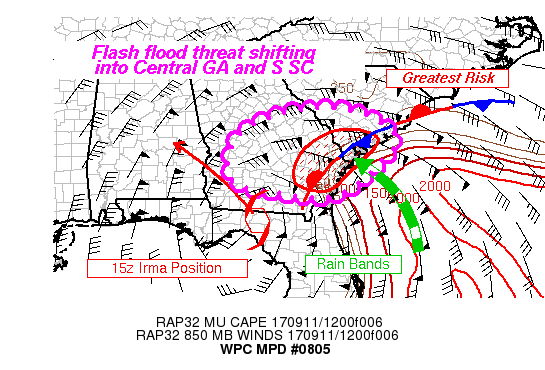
AREAS AFFECTED...SE AND CENTRAL GEORGIA AND SOUTHERN SC

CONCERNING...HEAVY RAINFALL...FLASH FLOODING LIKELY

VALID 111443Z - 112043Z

SUMMARY...FLASH FLOODING LIKELY TO THE NORTH AND NORTHEAST OF
IRMA'S TRACK WITH THE GREATEST RISK FROM CENTRAL GEORGIA TO
SOUTHERN SOUTH CAROLINA.

DISCUSSION...DRY AIR CONTINUES TO WRAP AROUND THE SOUTHEAST AND
SOUTH SIDE OF IRMA ...AS EVIDENT IN LATEST GOES 16 RGB AIRMASS
PRODUCTS...BRINGING A QUICK END TO PRECIPITATION SOUTH OF THE
CENTER. THESE PRODUCTS ALSO SHOW A COOLING OF CLOUD TOPS TO THE
NORTHEAST OF THE LOW CENTER WHERE CONVECTION WILL REINVIGORATE
INTO THIS AFTERNOON. THE THREAT AREA WILL SHIFT TO THE NORTH WITH
PERSISTENT RAIN BANDS BRINGING HIGH RAINFALL RATES TO COASTAL
AREAS OF SOUTHEAST GEORGIA AND SOUTHERN SOUTH CAROLINA AND INTO
CENTRAL GEORGIA WHERE THE RAIN BANDS WILL LIFT OVER THE COASTAL
FRONT.

THESE RAIN BANDS CONTINUE TO REFIRE IN STRONG CONVERGENT FLOW
TAPPING INTO OFFSHORE INSTABILITY OF 1000-2000 J/KG CAPE. LOW
LEVEL INFLOW IS EXPECTED TO INCREASE THIS AFTERNOON AS THE MAIN
CIRCULATION OF IRMA MOVES CLOSER TO THE AREA BEFORE TURNING TO THE
NORTHWEST. AS IRMA BEGINS TO TAKE A MORE WESTERLY COMPONENT THESE
RAIN BANDS WILL SLOW THEIR NORTHWARD PROGRESSION AND POSSIBLY EVEN
STALL. A STRONG COASTAL FRONT ACROSS SOUTHEAST GEORGIA AND
SOUTHERN SOUTH CAROLINA WILL FOCUS INTENSE RAINFALL RATES ALONG
THE COAST UNTIL STRENGTHENING LOW LEVEL FLOW CAN PUSH THE COASTAL
FRONT INLAND. MEANWHILE...STRONG LOW LEVEL FLOW LIFTING OVER THE
COASTAL FRONT WILL SUSTAIN AN AREA OF MODERATE RAINFALL RATES
NORTH OF IRMA'S TRACK INTO CENTRAL GEORGIA.

WHILE HI-RES MODELS ARE IN CONSIDERABLY GOOD AGREEMENT WITH
MAGNITUDE AND PLACEMENT OF PRECIP OVER THE NEXT 6 HOURS THERE IS
CONCERN THAT THE MAXIMUM MAY BE MISPLACED TOO FAR INLAND. WITH THE
INSTABILITY REMAINING OFFSHORE...WOULD TEND TO THINK THAT
PRECIPITATION RATES WILL BE MAXIMIZED WITH THE RAIN BANDS COMING
ONSHORE. THIS HAS BEEN THE CASE FOR MUCH OF IRMA'S PATH ACROSS
FLORIDA.  MORE MODEST RATES ARE EXPECTED INLAND WHERE INSTABILITY
WILL BE LACKING....BUT COULD SEE INCREASING THREAT AS LOW AND MID
LEVEL FORCING INCREASES WITH THE APPROACH OF IRMA'S CIRCULATION.